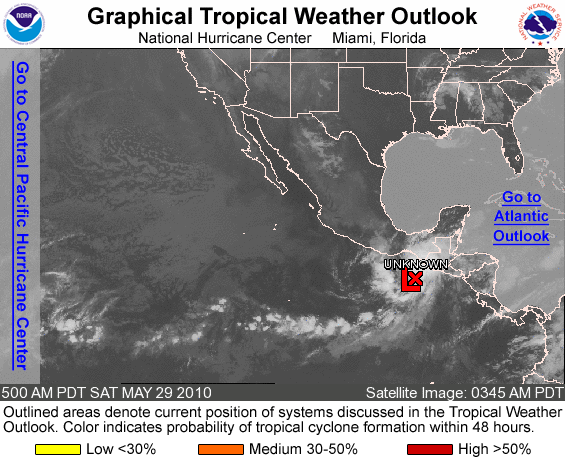
FOR THE EASTERN NORTH PACIFIC...EAST OF 140 DEGREES WEST LONGITUDE..

1. LATEST MICROWAVE SATELLITE IMAGERY INDICATES THE LARGE LOW PRESSURE AREA CENTERED ABOUT 200 MILES WEST-SOUTHWEST OF PUERTO DE SAN JOSE GUATEMALA IS ORGANIZING INTO A TROPICAL DEPRESSION AS IT MOVES EAST-NORTHEASTWARD AT ABOUT 5 MPH. THERE IS A HIGH CHANCE...NEAR 100 PERCENT...OF THIS SYSTEM BECOMING A TROPICAL CYCLONE...AND FORECAST ADVISORIES WILL LIKELY BE INITIATED LATER THIS MORNING. HEAVY SQUALLS CONTINUE TO MOVE ONSHORE THE COASTAL AREAS OF EXTREME SOUTHEASTERN MEXICO AND MUCH OF GUATEMALA...AND THE AREA OF HEAVY RAINS EXTENDS AS FAR EAST AS EL SALVADOR. THESE RAINS ARE EXPECTED TO CONTINUE FOR THE NEXT COUPLE OF DAYS CAUSING LIFE-THREATENING FLASH FLOODS AND MUD SLIDES IN THESE AREAS.

ELSEWHERE...TROPICAL CYCLONE FORMATION IS NOT EXPECTED DURING THE NEXT 48 HOURS.

FORECASTER STEWART/KIMBERLAIN